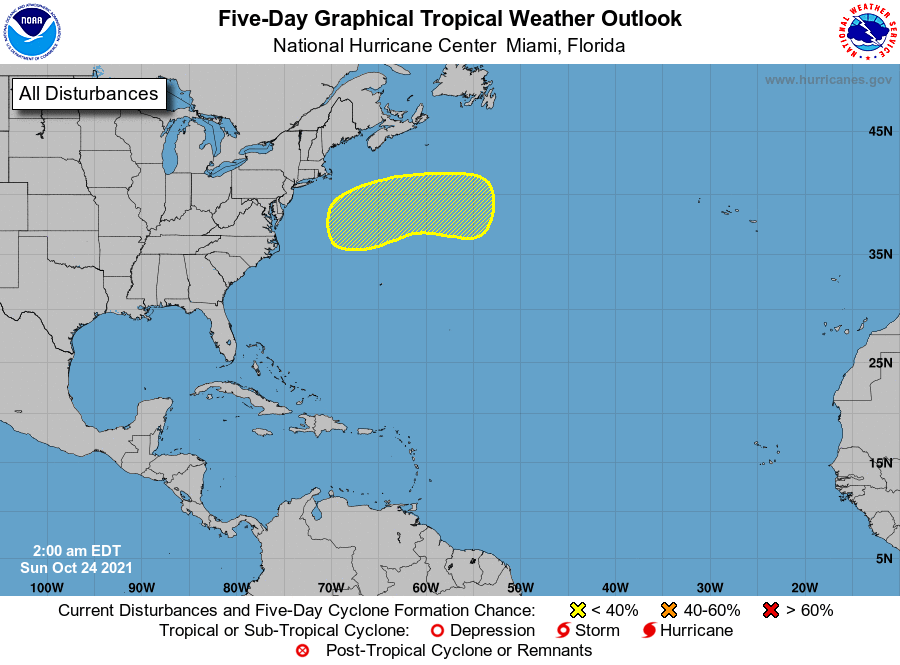
For the North Atlantic...Caribbean Sea and the Gulf of Mexico:

1. A non-tropical area of low pressure is expected to form off the east coast of the United States in a couple of days. The frontal low will likely move generally northward through the middle of the week and could bring rain and wind impacts to portions of the mid-Atlantic and northeast U.S. coast. Late in the week, the low is forecast to move eastward, and it could begin to acquire tropical or subtropical characteristics while it moves away from the coast of the U.S.
* Formation chance through 48 hours...low...near 0 percent.
* Formation chance through 5 days...low...20 percent.

Forecaster D. Zelinsky